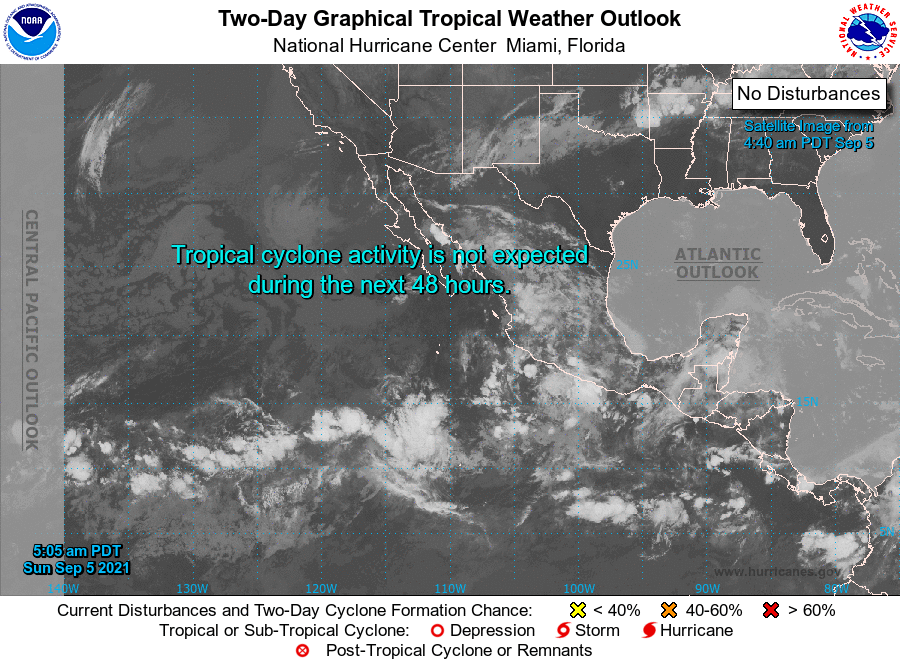
For the eastern North Pacific...east of 140 degrees west longitude:

1. An area of low pressure is expected to form by Monday a few hundred miles offshore of the southwestern coast of Mexico. Environmental conditions are forecast to be conducive for gradual development of this system, and a tropical depression is likely to form by midweek while it moves west-northwestward or northwestward at 5 to 10 mph just offshore of the southwestern coast of Mexico.
* Formation chance through 48 hours...low...20 percent.
* Formation chance through 5 days...high...70 percent.

2. Another area of low pressure is forecast to form in a few days well to the southwest of the southern tip of the Baja California peninsula. Some slow development is possible thereafter while the system meanders over the open eastern Pacific Ocean.
* Formation chance through 48 hours...low...near 0 percent.
* Formation chance through 5 days...low...30 percent.

Forecaster Pasch